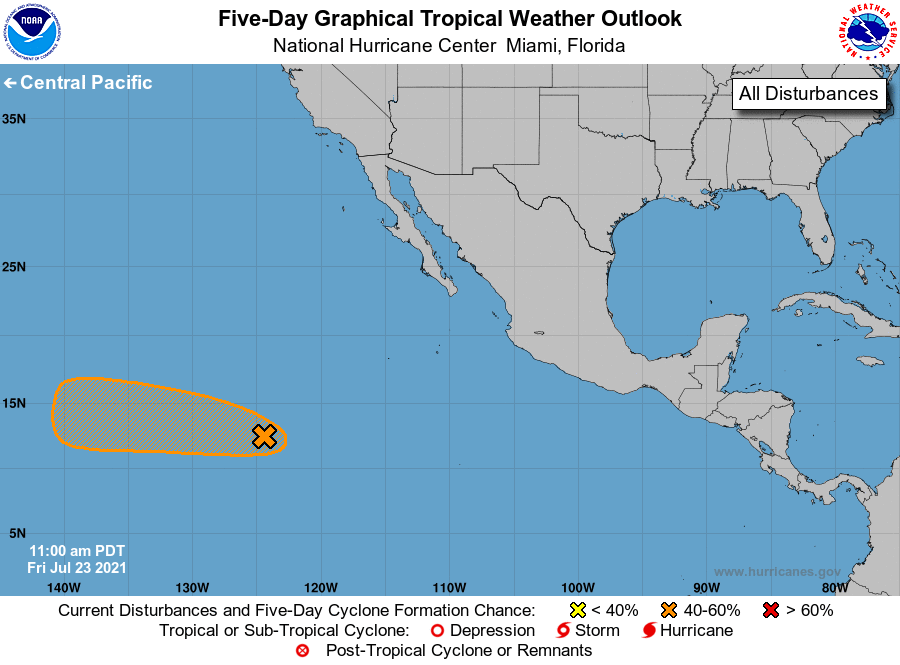
For the eastern North Pacific...east of 140 degrees west longitude:

1. An area of disturbed weather located about 1200 miles southwest of the southern tip of the Baja California peninsula continues to produce a large area of showers and thunderstorms. Environmental conditions are generally conducive for additional development, and this system could become a tropical depression this weekend or early next week before it reaches cooler waters while moving westward to west-northwestward at 10-15 mph.
* Formation chance through 48 hours...medium...40 percent.
* Formation chance through 5 days...medium...50 percent.

Forecaster Papin/Beven